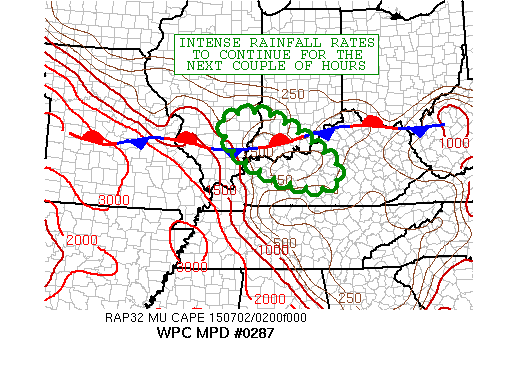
AREAS AFFECTED...SOUTHEAST IL...SOUTHWEST IN...CENTRAL AND WESTERN
KY

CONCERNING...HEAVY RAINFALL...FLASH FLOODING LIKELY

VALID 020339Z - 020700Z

SUMMARY...VERY HEAVY SHOWERS AND THUNDERSTORMS TO CONTINUE OVER
THE NEXT COUPLE OF HOURS...WITH A WEAKENING TREND EXPECTED AFTER
06Z. ADDITIONAL FLASH FLOODING IS EXPECTED IN THE SHORT-TERM.

DISCUSSION...IR SATELLITE IMAGERY SHOWS CONVECTIVE CLOUD TOPS
CONTINUING TO COOL ACROSS PORTIONS OF SOUTHEAST IL AND SOUTHWEST
IN AS A SHORTWAVE IMPULSE DIGGING SOUTHEAST ACROSS THE MIDWEST
INTERACTS WITH A FRONTAL ZONE DRAPED ACROSS THE OH RIVER VALLEY.
GOES-SOUNDER PWATS ARE VERY HIGH IN VICINITY OF THE FRONT...WITH
VALUES LOCALLY EXCEEDING 2 INCHES. THIS MOISTURE POOLED ALONG THE
BOUNDARY IS FACILITATING VERY INTENSE RAINFALL RATES...AND WHILE
THERE IS A VERY MODEST DEGREE OF INSTABILITY IN PLACE...THE
APPROACH OF THE SHORTWAVE ENERGY HAS BEEN ABLE TO COMPENSATE AND
ALLOW FOR RELATIVELY DEEP CONVECTION TO PERSIST THROUGH THE LATE
EVENING HOURS.

HIRES MODEL GUIDANCE HAS NOT BEEN HANDLING THE DEGREE OF
CONVECTIVE ORGANIZATION PARTICULARLY WELL...BUT IT IS ANTICIPATED
THAT THE STRONGER THERMODYNAMICS WILL REMAIN FOCUSED FARTHER WEST
OVERNIGHT WITH THE CONVECTION IMPACTING MUCH OF CENTRAL MO AT THIS
TIME. LOW LEVEL INFLOW INTO THE CURRENT CONVECTION OVER IL/IN IS
RATHER WEAK AND IS EXPECTED TO REMAIN THAT WAY WITH GENERALLY
ABOUT 20 KTS OF 850 MB FLOW. DESPITE THE SHORT-TERM SUSTAINABILITY
OF THE CONVECTION...ADDITIONAL DECLINE IN INSTABILITY AND A LACK
OF LOW LEVEL JET ENERGY SHOULD FOSTER A WEAKENING TREND BY AROUND
06Z WITH THE CONVECTION AND ESPECIALLY THEREAFTER. UNTIL
THEN...INTENSE RAINFALL RATES WILL CONTINUE LOCALLY AND ADDITIONAL
FLASH FLOODING WILL BE EXPECTED SINCE THE CONVECTION HAS BEEN
TENDING TO LOCALLY TRAIN AND BACKBUILD OVER THE SAME AREA. WILL
CONTINUE TO MONITOR.